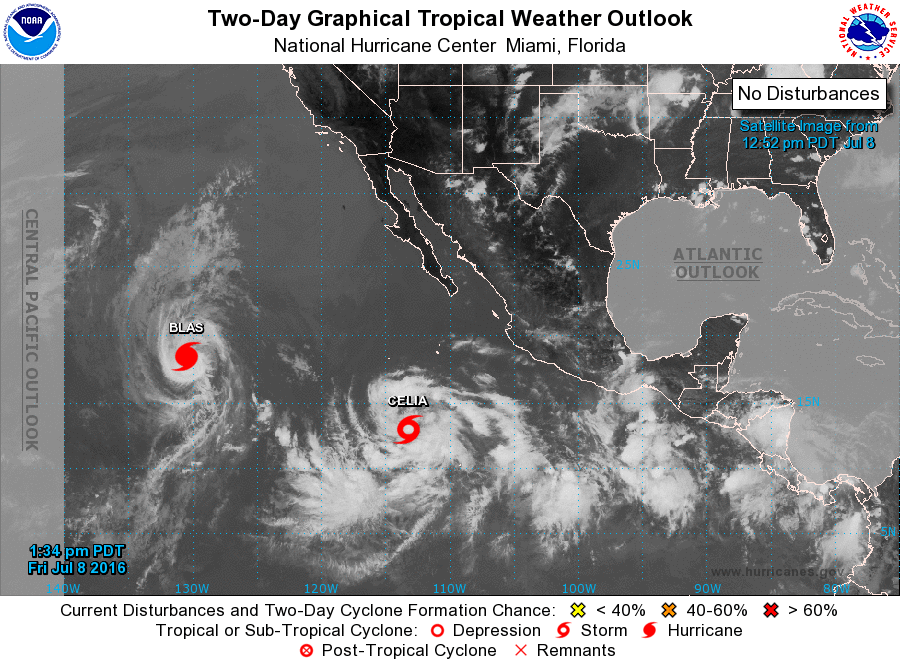
For the eastern North Pacific...east of 140 degrees west longitude:

The National Hurricane Center is issuing advisories on Hurricane Blas, located about 1350 miles west-southwest of the southern tip of the Baja California peninsula, and on recently upgraded Tropical Storm Celia, located about 750 miles south of the southern tip of the Baja California peninsula.

1. An area of low pressure is expected to form early next week several hundred miles southwest of the coast of Mexico. Some subsequent development of this system is possible while it moves westward to west-northwestward.
* Formation chance through 48 hours...low...near 0 percent
* Formation chance through 5 days...low...30 percent

Forecaster Brown